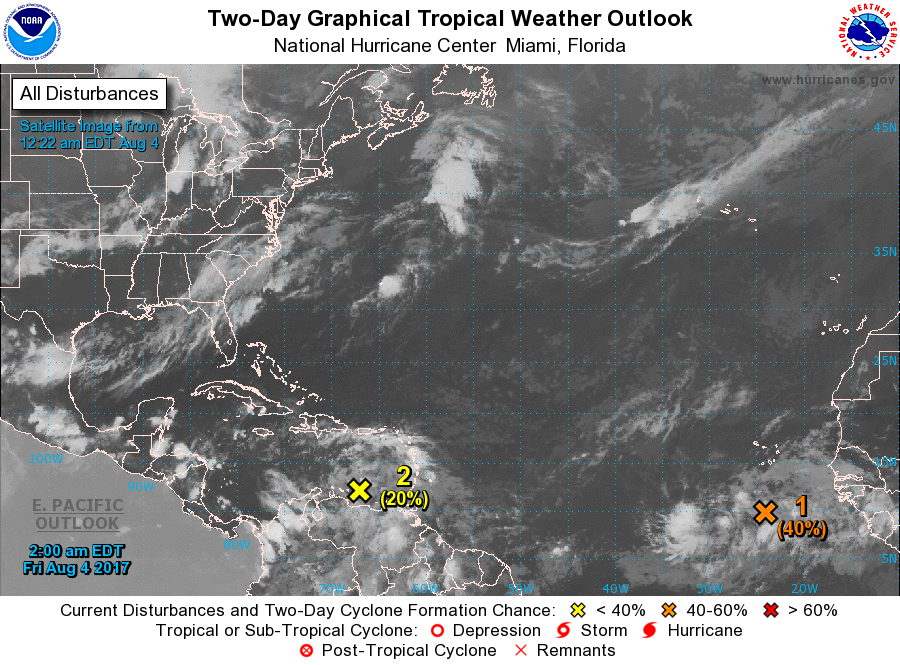
For the North Atlantic...Caribbean Sea and the Gulf of Mexico:

1. A large and complex area of disturbed weather, associated with a broad low pressure system, extends from about 400 miles south of the Cabo Verde Islands to about 600 miles southwest of the Cabo Verde Islands. Environmental conditions are forecast to be conducive for gradual consolidation and development, and a tropical depression is likely to form by early next week over the eastern or central tropical Atlantic Ocean. This system is forecast to move toward the west or west-northwest at 10 to 15 mph for the next several days.
* Formation chance through 48 hours...medium...40 percent.
* Formation chance through 5 days...high...80 percent.

2. A strong tropical wave located over the eastern Caribbean Sea is producing a large area of cloudiness and thunderstorms. Environmental conditions are expected to become more conducive for development by Sunday over the western Caribbean Sea and by early next week over the Bay of Campeche while the disturbance moves westward or west-northwestward at 15 to 20 mph. This system could produce brief heavy rainfall and gusty winds over Aruba, Bonaire, and Curacao tonight and Friday. For additional information on this system, see High Seas Forecasts issued by the National Weather Service.
* Formation chance through 48 hours...low...20 percent.
* Formation chance through 5 days...medium...50 percent.

High Seas Forecasts issued by the National Weather Service can be found under AWIPS header NFDHSFAT1, WMO header FZNT01 KWBC, and on the Web at http://www.opc.ncep.noaa.gov/shtml/NFDHSFAT1.shtml.

Forecaster Beven